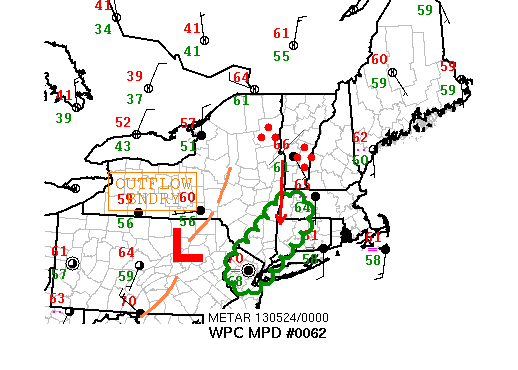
AREAS AFFECTED...NORTHERN NJ/SOUTHEASTERN NY/WESTERN CT/WESTERN
MA...

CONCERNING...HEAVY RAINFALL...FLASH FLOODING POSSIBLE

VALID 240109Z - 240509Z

SUMMARY...AN EXPANDING BATCH OF CONVECTION OCCURRING IN THE
VICINITY OF AN OUTFLOW BOUNDARY IS EXPECTED TO IMPACT REGIONS OF
SOUTHERN NEW ENGLAND EARLIER AFFECTED BY FLASH FLOODING CONDITIONS.

DISCUSSION...DURING THE PAST FEW HOURS...AN EVOLVING LINE OF
CONVECTION WAS SEEN TRACKING EASTWARD THROUGH CENTRAL PA/NY WITH
CONSIDERABLE GROWTH OCCURRING DOWNSTREAM. CLOUD TOPS HAVE COOLED
CONSIDERABLY DURING THE PAST HOUR AS THE ONCE NARROW BAND OF
CONVECTION HAS TRANSITIONED OVER TO A WIDER SWATH OF HEAVY
RAINFALL. AFFECTED AREAS DOWNSTREAM ACROSS SECTIONS OF NORTHERN
NJ/SOUTHEASTERN NY HAVE SEEN UPWARDS OF 2 TO 3 INCHES OF RAINFALL
THE PAST 6 HOURS. FURTHER...PWAT VALUES OVER THIS REGION ARE
APPROACHING THE 99TH PERCENTILE FOR LATE MAY WITH THE 00Z RAOB AT
OKX SUPPORTING A VALUE OF 1.67 INCHES. THUS...ABUNDANT
TROPOSPHERIC MOISTURE REMAINS IN PLACE FOR ADDITIONAL HEAVY
RAINFALL.

HIGH-RES MODELS HAVE NOT HANDLED THE CONVECTION VERY WELL
THROUGHOUT THE AFTERNOON AND EVENING HOURS. HOWEVER...A MAJORITY
OF THE GUIDANCE HAS SUPPORTED LOCALLY HEAVY RAINFALL SOMEWHERE
ACROSS COASTAL NEW ENGLAND INTO THE OVERNIGHT HOURS. THIS ACTIVITY
IS EXPECTED TO BE RATHER PROGRESSIVE IN NATURE AS THE 500-MB TROF
CONTINUES TO NOSE EASTWARD ACROSS THE GREAT LAKES REGION. AN
ADDITIONAL 1 TO 2 INCHES OF RAINFALL WILL BE POSSIBLE IN THE
AFFECTED REGION THROUGH 05Z.